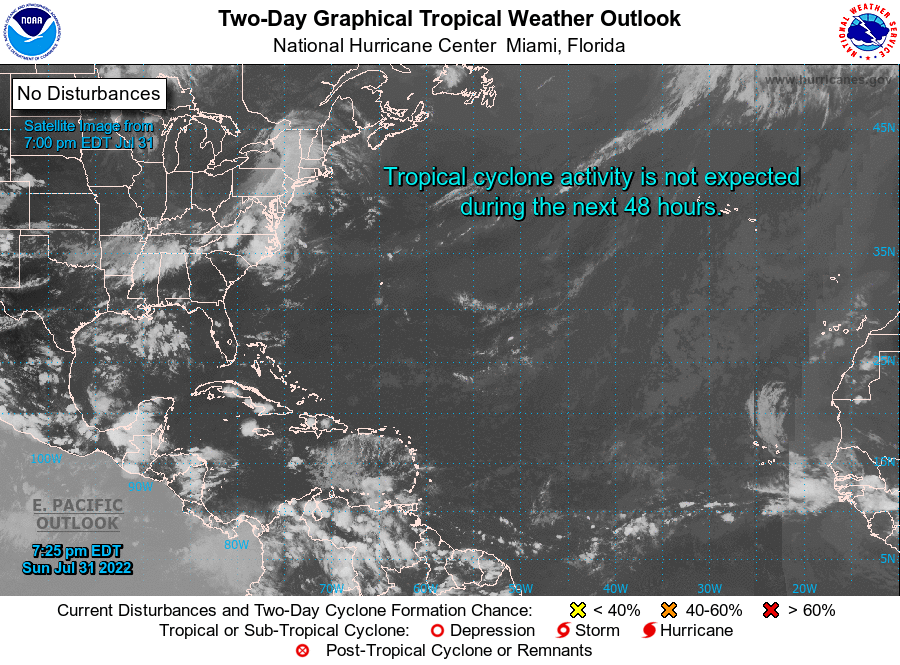
For the North Atlantic...Caribbean Sea and the Gulf of Mexico:

Tropical cyclone formation is not expected during the next 5 days.

Forecaster Bucci/Beven